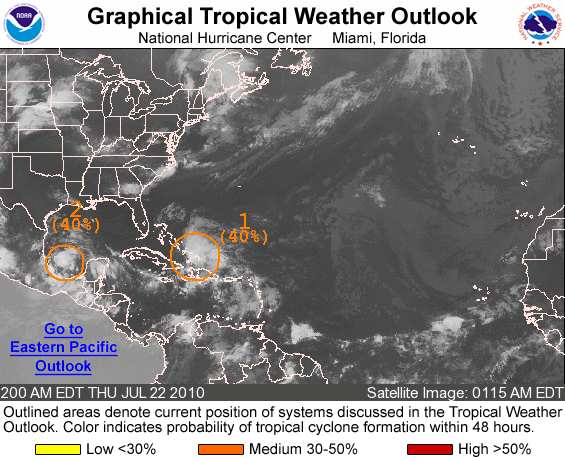
FOR THE NORTH ATLANTIC...CARIBBEAN SEA AND THE GULF OF MEXICO...

1. SHOWERS AND THUNDERSTORMS ASSOCIATED WITH A TROUGH OF LOW PRESSURE OVER THE SOUTHEASTERN BAHAMAS HAVE INCREASED DURING THE PAST SEVERAL HOURS. HOWEVER...THE THUNDERSTORM ACTIVITY REMAINS DISPLACED TO THE EAST OF THE TROUGH DUE TO STRONG UPPER-LEVEL WINDS. THE UPPER-LEVEL ENVIRONMENT COULD BECOME MARGINALLY FAVORABLE FOR DEVELOPMENT DURING THE NEXT DAY OR SO. LOCALLY HEAVY SHOWERS AND STRONG GUSTY WINDS ASSOCIATED WITH THIS DISTURBANCE WILL SPREAD OVER THE BAHAMAS...PORTIONS OF CUBA AND SOUTHERN FLORIDA DURING THE NEXT COUPLE OF DAYS AS THE SYSTEM MOVES WESTWARD OR WEST-NORTHWESTWARD AT 10 TO 15 MPH. THERE IS A MEDIUM CHANCE...40 PERCENT...OF THIS SYSTEM BECOMING A TROPICAL CYCLONE DURING THE NEXT 48 HOURS.

2. SHOWER AND THUNDERSTORM ACTIVITY HAS BECOME A LITTLE MORE CONCENTRATED IN ASSOCIATION WITH A BROAD AREA OF LOW PRESSURE OVER THE BAY OF CAMPECHE. ENVIRONMENTAL CONDITIONS APPEAR TO BE CONDUCIVE FOR SOME DEVELOPMENT OF THE LOW AS IT MOVES WESTWARD OR WEST-NORTHWESTWARD AT 10 TO 15 MPH. THERE IS A MEDIUM CHANCE...40 PERCENT...OF THIS SYSTEM BECOMING A TROPICAL CYCLONE BEFORE IT REACHES THE COAST OF MEXICO IN A DAY OR TWO.

ELSEWHERE...TROPICAL CYCLONE FORMATION IS NOT EXPECTED DURING THE NEXT 48 HOURS.

FORECASTER BROWN